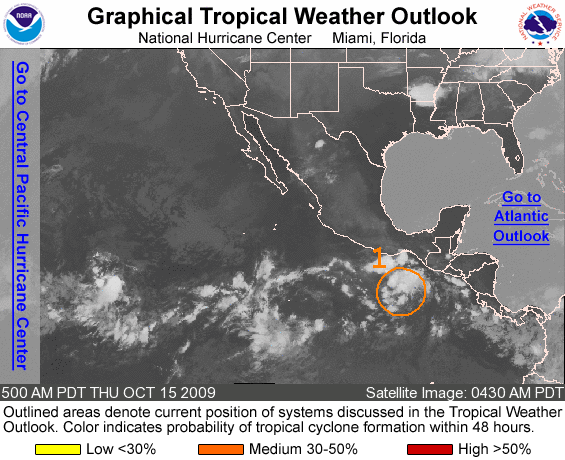
FOR THE EASTERN NORTH PACIFIC...EAST OF 140 DEGREES WEST LONGITUDE..

1. A LOW PRESSURE AREA LOCATED ABOUT 400 MILES SOUTH OF THE GULF OF TEHUANTEPEC HAS CHANGED LITTLE IN ORGANIZATION THIS MORNING. ENVIRONMENTAL CONDITIONS APPEAR FAVORABLE FOR DEVELOPMENT AND A TROPICAL DEPRESSION COULD FORM OVER THE NEXT COUPLE OF DAYS AS THE SYSTEM MOVES WEST-NORTHWESTWARD AT 10 TO 15 MPH. THERE IS A MEDIUM CHANCE...30 TO 50 PERCENT...OF THIS SYSTEM BECOMING A TROPICAL CYCLONE DURING THE NEXT 48 HOURS.

ELSEWHERE...TROPICAL CYCLONE FORMATION IS NOT EXPECTED DURING THE NEXT 48 HOURS.

FORECASTER CANGIALOSI/BROWN